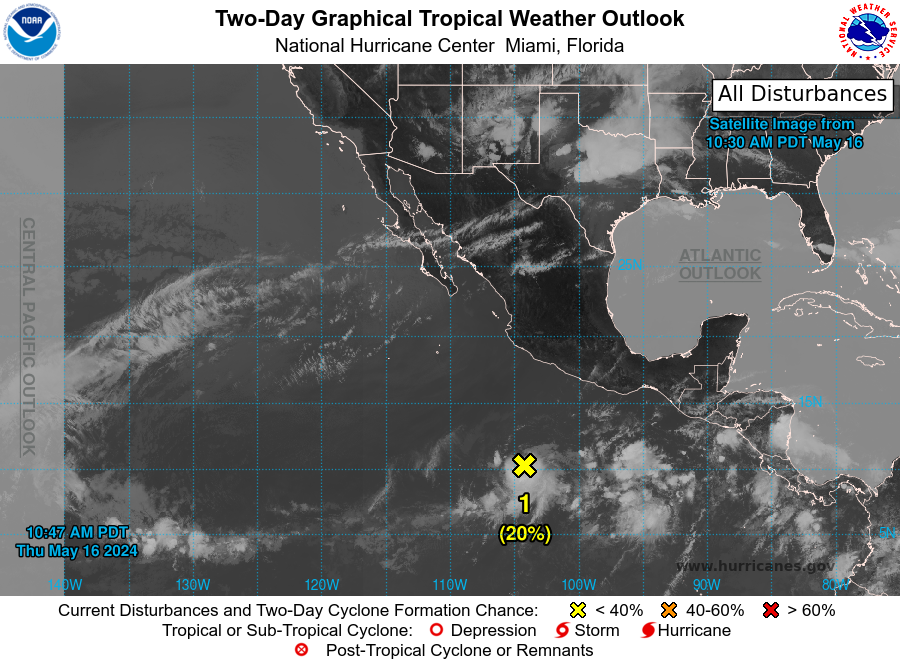
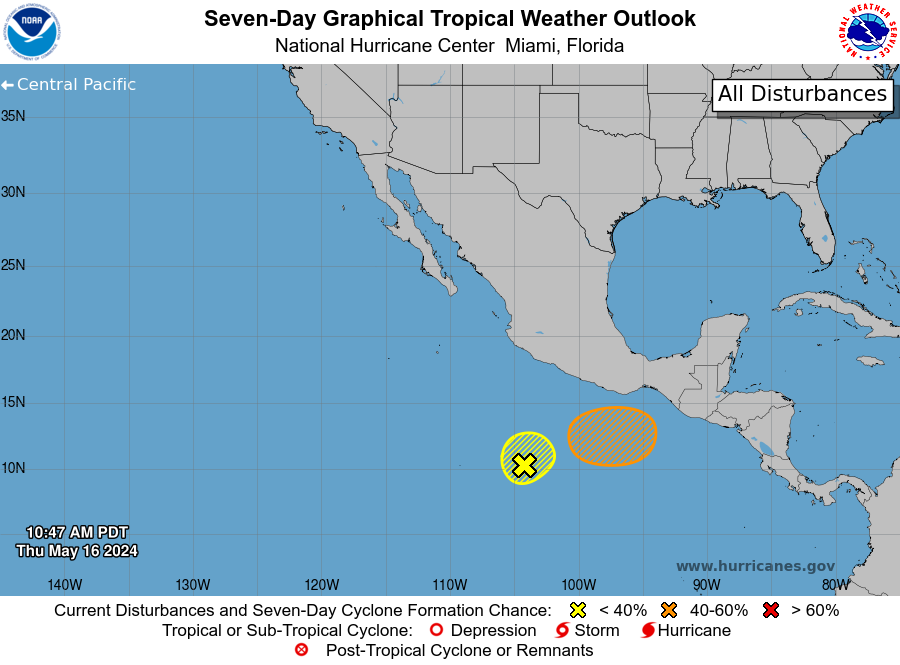
For the eastern North Pacific...east of 140 degrees west longitude:

1. South of the Coast of Southwestern Mexico: Satellite data indicate that a small area of low pressure located several hundred miles offshore of the coast of southwestern Mexico is producing some disorganized showers and thunderstorms. Some gradual development is possible during the next day or so while the low moves little. By this weekend, the system is forecast to merge with another disturbance to its east.
* Formation chance through 48 hours...low...20 percent.
* Formation chance through 7 days...low...20 percent.

2. South of the Coast of Southern Mexico: An area of low pressure is forecast to form several hundred miles to the south of southern Mexico during the next couple of days. Gradual development is possible thereafter, and a tropical depression could form over the weekend or early next week while the system moves slowly to the west or west-northwest, remaining south of the coast of Mexico.
* Formation chance through 48 hours...low...near 0 percent.
* Formation chance through 7 days...medium...40 percent.

Forecaster Hagen/Reinhart